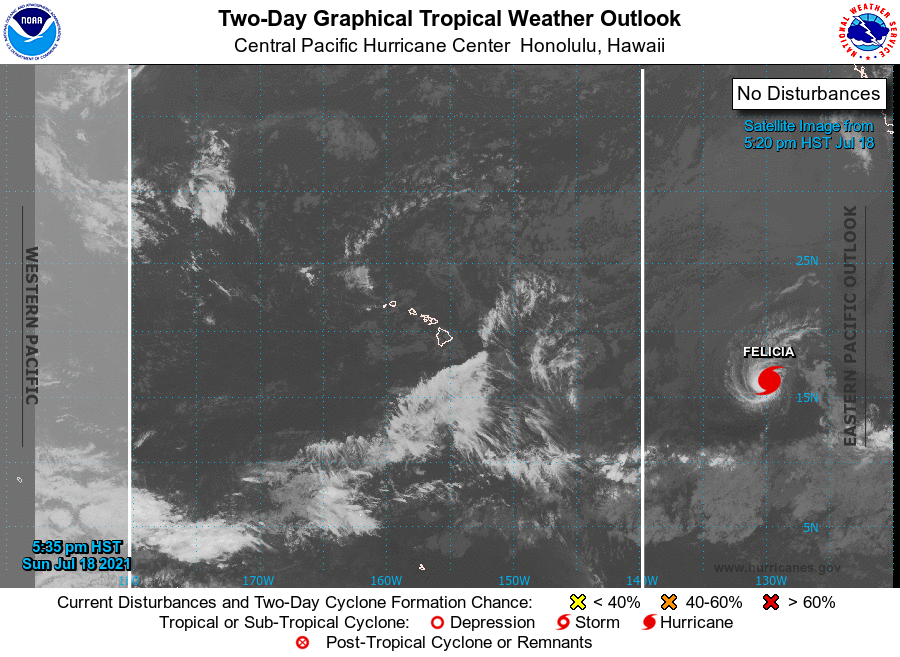
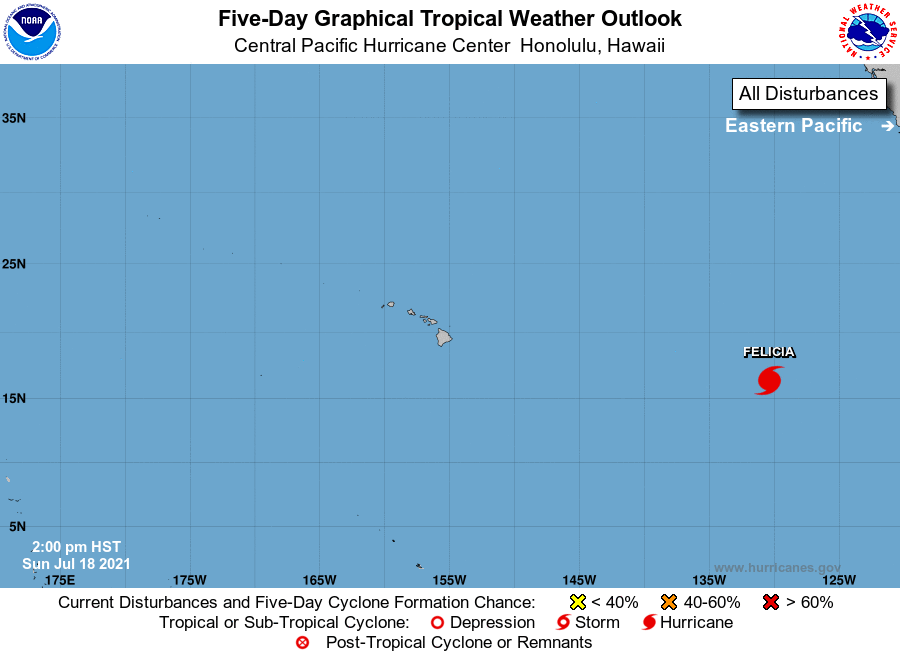
For the central North Pacific...between 140W and 180W:

The National Hurricane Center in Miami, Florida, is issuing advisories on Hurricane Felicia, located about 1700 miles east of Hilo, Hawaii. Felicia is forecast to move into the Central Pacific Hurricane Center area of responsibility Tuesday evening as a tropical storm.

The National Hurricane Center in Miami, Florida, is issuing advisories on Tropical Storm Guillermo located more than 2600 miles east of Hilo, Hawaii. Guillermo is forecast to move into the Central Pacific Hurricane Center area of responsibility around Friday as a tropical depression.

Elsewhere, no tropical cyclones are expected during the next 5 days.

Public Advisories on Hurricane Felicia are issued under WMO header WTPZ31 KNHC and under AWIPS header MIATCPEP1. Forecast Advisories on Hurricane Felicia are issued under WMO header WTPZ21 KNHC and under AWIPS header MIATCMEP1.

Public Advisories on Tropical Storm Guillermo are issued under WMO header WTPZ32 KNHC and under AWIPS header MIATCPEP2. Forecast Advisories on Tropical Storm Guillermo are issued under WMO header WTPZ22 KNHC and under AWIPS header MIATCMEP2.

Forecaster Kino